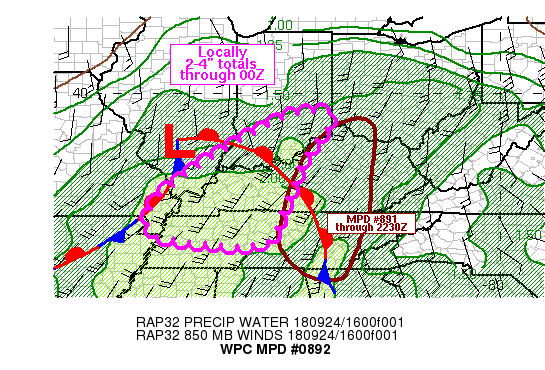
Areas affected...portions of the Mid-MS to lower OH valleys into
central KY/TN

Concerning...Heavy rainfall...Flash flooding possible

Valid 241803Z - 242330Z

Summary...Flooding/flash flooding will be possible across portions
of the Mid-MS to lower OH valleys into central KY/TN through early
evening. Rainfall rates peaking in the 1-2 in/hr range will lead
to localized 2-4 inch totals through 00Z.

Discussion...Water vapor imagery from 18Z showed a shortwave over
southern IL, progressing toward the northeast with a weak surface
wave noted in surface observations in the same vicinity. A diffuse
warm front extended southeastward from the low into central KY and
eastern TN with area precipitable water values near 2 inches. ML
and MUCAPE was greatest in the warm sector over western KY/TN with
the 17Z SPC mesoanalysis suggesting roughly 1000-2000 J/kg MLCAPE
present, with values falling off toward the northeast with less
than 500 J/kg over the IN/KY border. Regional radar imagery showed
widespread light to moderate rain across the region with embedded
heavier elements with rainfall rates peaking between 0.5 and 1.0
in/hr through 18Z.

As the shortwave progresses off toward the northeast through the
remainder of the afternoon, the warm front is expected to advance
toward the north, with greater moisture and instability working
northeastward toward the IN/KY border. Flow is unidirectional from
the SSW across the lower OH Valley which will be supportive of
training/repeating rounds of heavy rain given sufficient
instability and moisture. While the shortwave and its associated
forcing will be exiting the region through the next 3-6 hours,
mesoscale lift will aid in producing locally heavy rainfall, such
as an implied small scale circulation currently over the IL/MO
border via visible satellite imagery...previously associated with
rainfall rates near 1 in/hr over southeastern MO from 14-16Z.
Given wet antecedent conditions, Flash Flood Guidance values are
lower which when combined with locally higher rainfall rates will
support a threat for flash flooding. Locally 2-4 inches of rain
will be possible through 00Z.